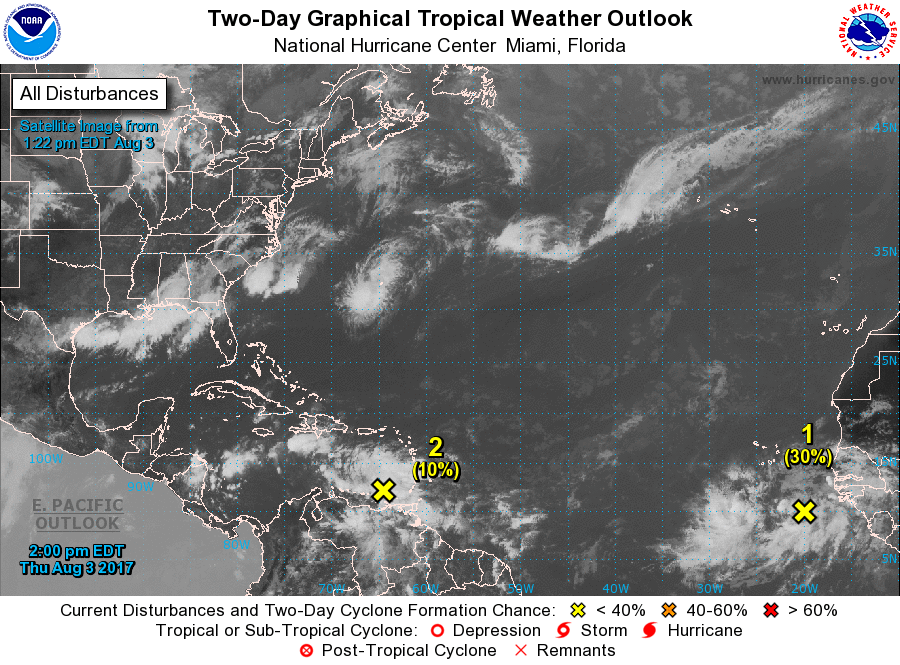
For the North Atlantic...Caribbean Sea and the Gulf of Mexico:

1. A vigorous tropical wave accompanied by a broad low pressure system is producing a large area of cloudiness and showers more than 300 miles south-southeast of the Cabo Verde Islands. Environmental conditions are forecast to be conducive for gradual development, and a tropical depression is likely to form by early next week over the eastern or central tropical Atlantic Ocean. This system is forecast to move toward the west or west-northwest at 10 to 15 mph for the next several days.
* Formation chance through 48 hours...low...30 percent.
* Formation chance through 5 days...high...70 percent.

2. A strong tropical wave located over the southeastern Caribbean Sea is producing a large area of cloudiness and thunderstorms, along with tropical-storm-force wind gusts in squalls. Environmental conditions are expected to become a little more conducive for development by Sunday over the northwestern Caribbean Sea and by early next week over the Bay of Campeche while the disturbance moves westward or west-northwestward at 15 to 20 mph. This system could produce brief heavy rainfall and gusty winds over Aruba, Bonaire, and Curacao tonight and Friday. For additional information on this system, see High Seas Forecasts issued by the National Weather Service.
* Formation chance through 48 hours...low...10 percent.
* Formation chance through 5 days...low...20 percent.

High Seas Forecasts issued by the National Weather Service can be found under AWIPS header NFDHSFAT1, WMO header FZNT01 KWBC, and on the Web at http://www.opc.ncep.noaa.gov/shtml/NFDHSFAT1.shtml.

Forecaster Stewart